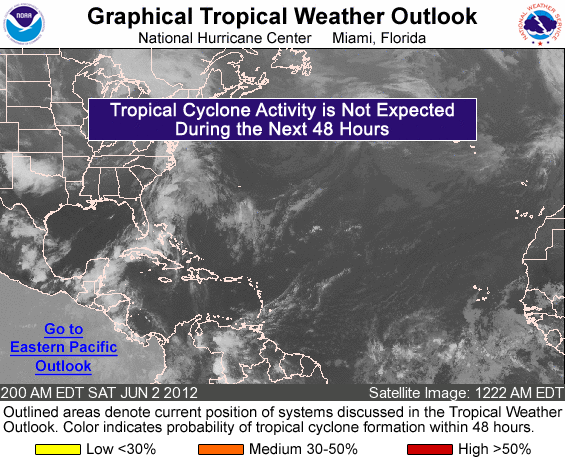
FOR THE NORTH ATLANTIC...CARIBBEAN SEA AND THE GULF OF MEXICO...

TROPICAL CYCLONE FORMATION IS NOT EXPECTED DURING THE NEXT 48 HOURS.

FORECASTER BRENNAN